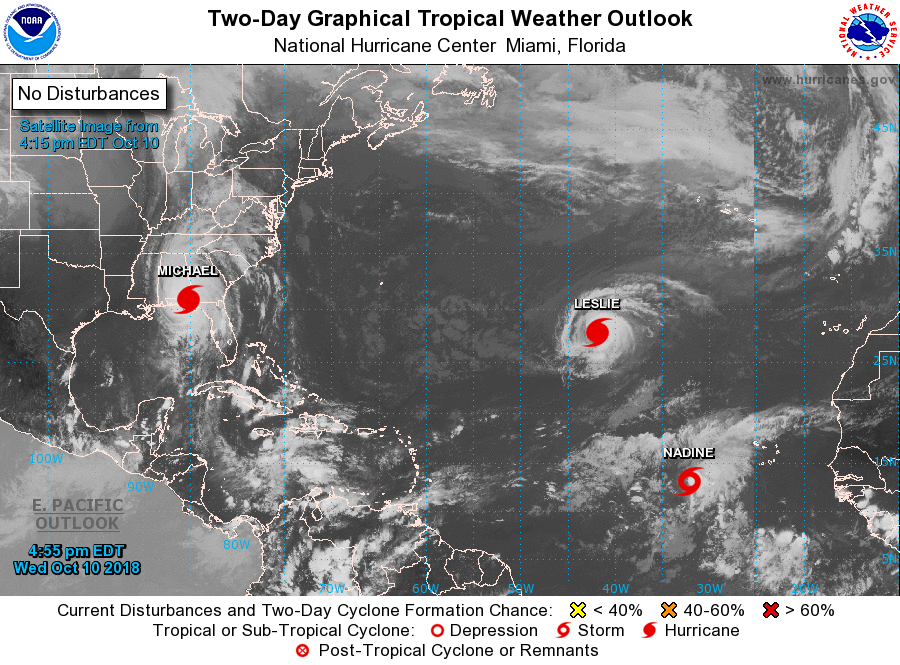
For the North Atlantic...Caribbean Sea and the Gulf of Mexico:

The National Hurricane Center is issuing advisories on Hurricane Michael, located near the coast of the Florida panhandle, on Hurricane Leslie, located over the central Atlantic Ocean, and on Tropical Storm Nadine, located over the eastern tropical Atlantic Ocean.

1. An area of low pressure is expected to develop over the west-central Caribbean Sea in a day or two. Environmental conditions are expected to support gradual development and a tropical depression could form late this weekend or early next week while the system moves slowly westward.
* Formation chance through 48 hours...low...near 0 percent.
* Formation chance through 5 days...medium...50 percent.

Forecaster Zelinsky